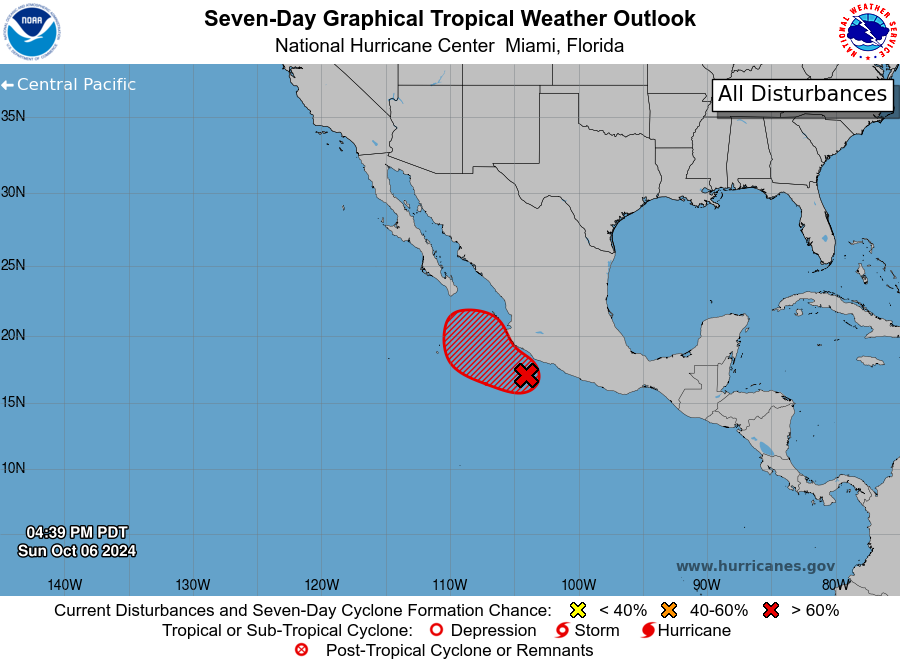
For the eastern North Pacific...east of 140 degrees west longitude:

1. Offshore of Southwestern Mexico (EP99): Earlier satellite wind data indicated that an area of low pressure located less than a couple hundred miles south of Manzanillo, Mexico was becoming better defined. However, the current associated shower and thunderstorm activity remains disorganized. Environmental conditions appear generally favorable for additional development of this system, and a tropical depression is likely to form in the next day or two while it moves slowly west-northwestward or northwestward, roughly parallel to the coast of Mexico. Interests along the southwestern coast of Mexico should monitor the progress of this system. Regardless of development, the disturbance could bring areas of heavy rain to portions of southwestern Mexico during the next few days.
* Formation chance through 48 hours...high...70 percent.
* Formation chance through 7 days...high...70 percent.

Forecaster Papin